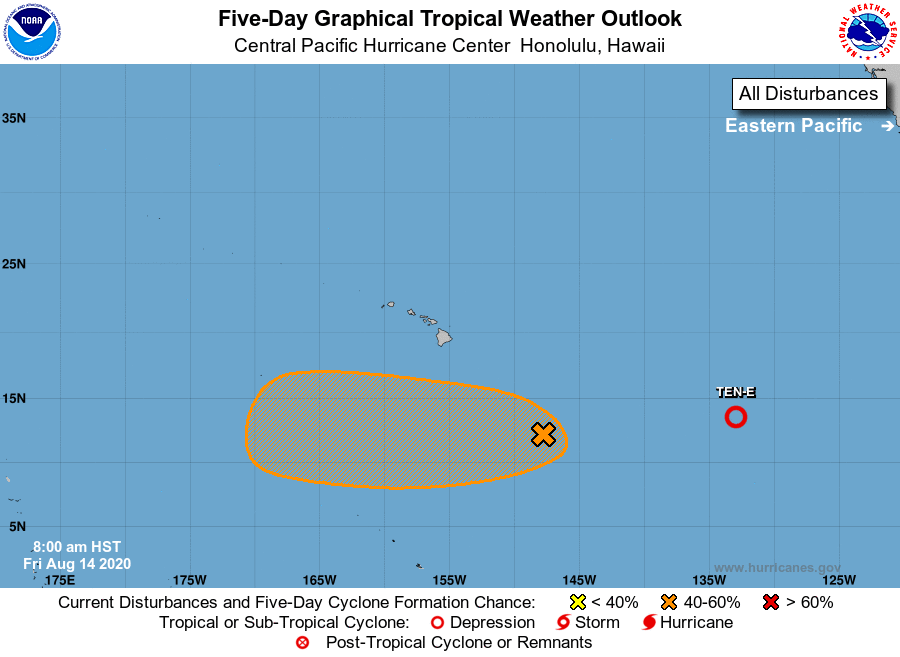
For the central North Pacific...between 140W and 180W:

1. A broad area of low pressure located around 650 miles southeast of Hilo, Hawaii, continues to produce disorganized showers and thunderstorms. Some gradual development of this system is possible through early next week as it moves westward at around 10 mph.
* Formation chance through 48 hours...low...20 percent.
* Formation chance through 5 days...medium...40 percent.

Elsewhere, no tropical cyclones are expected during the next 5 days.

Forecaster TS